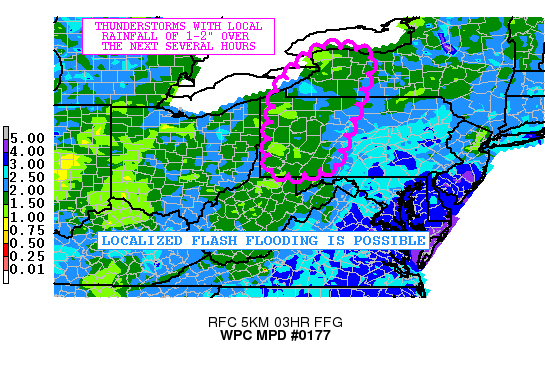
AREAS AFFECTED...WESTERN PA...WESTERN NY

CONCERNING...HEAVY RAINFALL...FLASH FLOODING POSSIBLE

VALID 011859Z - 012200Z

SUMMARY...THUNDERSTORMS COULD PRODUCE LOCALIZED FLASH FLOODING AS
THEY MOVE THROUGH WESTERN PA AND WESTERN NY DURING THE NEXT FEW
HOURS.

DISCUSSION...THUNDERSTORMS ASSOCIATED WITH THE FRONTAL BAND MOVING
THROUGH WESTERN PA AND WESTERN NY COULD PRODUCE LOCALIZED FLASH
FLOODING DURING THE NEXT SEVERAL HOURS. THESE STORMS ARE MOVING
INTO A VERY MOIST AIR MASS WITH PRECIPITABLE WATER VALUES MAINLY
IN THE 1.50-1.75 INCH RANGE. SOUTHERLY FLOW AHEAD OF THE FRONT IN
THE 925-850 MB LAYER IS 35-50 KT. THE ENVIRONMENT IS MODESTLY
UNSTABLE WITH SPC MESOSCALE ANALYSES INDICATING CAPE VALUES
GENERALLY 500-1000 J/KG.

PBZ DUAL POL RADAR INDICATES HOURLY RAIN RATES OF LOCALLY 0.5-1.0"
OVER EASTERN OHIO WITH LOCAL RAINFALL ACCUMULATIONS EXCEEDING
1.5". SEVERAL HIRES MODELS - INCLUDING THE HRRR...ARW...AND RAP -
SUPPORT THE IDEA THAT THESE RAINFALL RATES WILL CONTINUE OR
INCREASE SLIGHTLY AS THE SYSTEM MOVES EAST INTO THE SOMEWHAT MORE
FAVORABLE ENVIRONMENT IN THE THREAT AREA. SOME TRAINING ALONG THE
SOUTH-NORTH ORIENTED PRECIPITATION LINE COULD LOCALLY BOOST
RAINFALL AMOUNTS.

RAINFALL TOTALS OF 1-2" ARE LIKELY ACROSS THIS REGION. WHILE THESE
ARE RATHER MODEST RAINFALL AMOUNTS...IT WILL OCCUR OVER A REGION
WHERE 3-HOUR FFG IS ALSO 1-2"...SO LOCALIZED FLASH FLOODING IS
POSSIBLE.